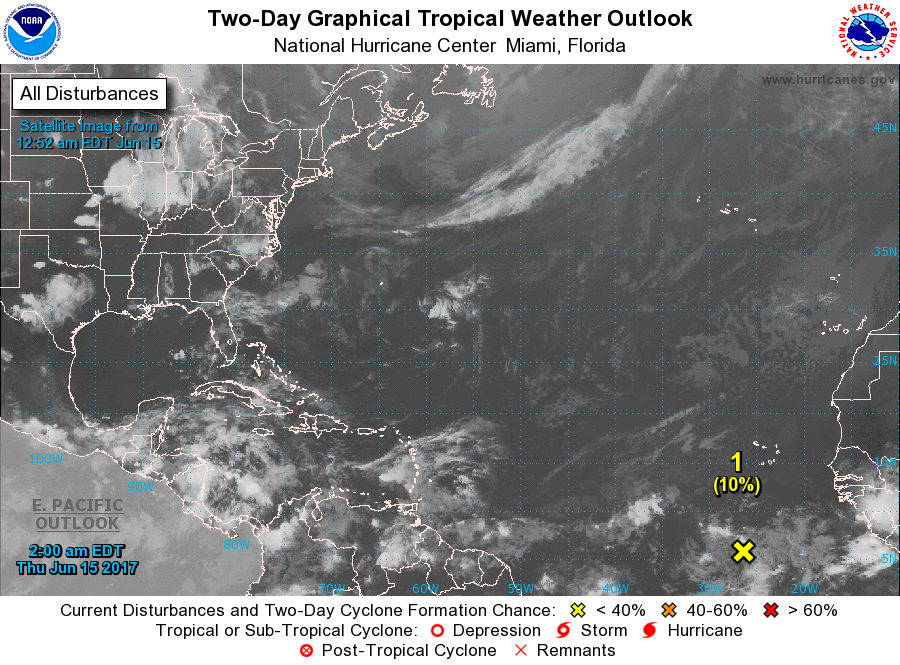
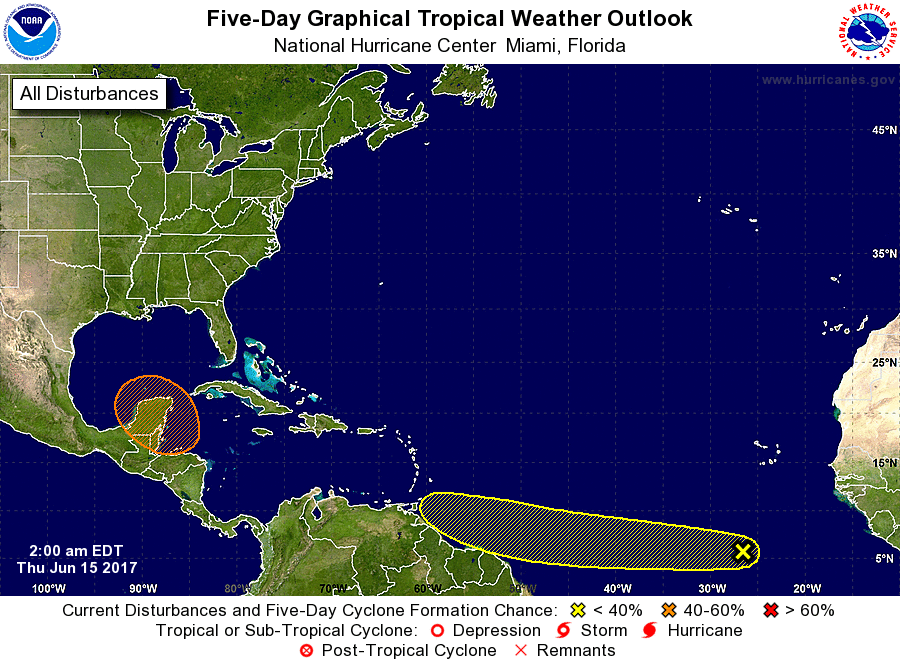
For the North Atlantic...Caribbean Sea and the Gulf of Mexico:

1. An area of disturbed weather associated with a tropical wave is located well south-southwest of the Cabo Verde Islands. Some gradual development of this system is possible during the next few days while the wave moves westward near 20 mph over the tropical Atlantic.
* Formation chance through 48 hours...low...10 percent.
* Formation chance through 5 days...low...20 percent.

2. A complex area of low pressure is expected to form over the northwestern Caribbean Sea and the adjacent Yucatan peninsula by the weekend. Conditions appear to be favorable for some development of this system while it moves slowly northwestward toward the southern Gulf of Mexico by early next week.
* Formation chance through 48 hours...low...near 0 percent.
* Formation chance through 5 days...medium...40 percent.

Forecaster Blake